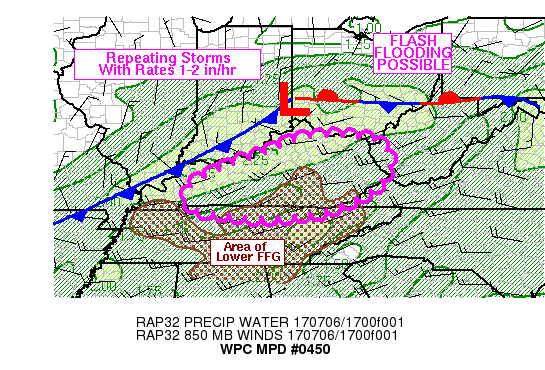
AREAS AFFECTED...KY INTO FAR NRN KY AND WRN WV

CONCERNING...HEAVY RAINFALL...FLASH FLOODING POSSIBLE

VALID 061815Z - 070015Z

SUMMARY...REPEATING STORMS WITH PERIODS OF TRAINING WILL POSE A
FLASH FLOOD THREAT ACROSS KY INTO PORTIONS OF NRN TN AND WRN WV
INTO THE EARLY EVENING. RAINFALL RATES OF 1-2 IN/HR WILL BE COMMON
WHERE STORMS TRAIN.

DISCUSSION...17-18Z GOES VISIBLE SATELLITE IMAGERY SHOWED A
MIXTURE OF CLOUDS AND CLEARING ACROSS SRN AND ERN KY WITH
EXTENSIVE CLOUD COVER AND THUNDERSTORMS TO THE NORTH ALONG THE
OHIO RIVER. TEMPERATURES HAVE WARMED WELL INTO THE 80S WHERE
GREATER SOLAR INSOLATION HAS OCCURRED OVER KY...RAISING MLCAPE TO
1000+ J/KG...HIGHER THAN FORECAST BY THE RAP. OVER THE PAST
HOUR...CONVECTION HAS INCREASED IN COVERAGE ALONG AND SOUTH OF THE
DIFFERENTIAL HEATING BOUNDARY...AND WELL OUT AHEAD OF AN 850 MB
TROUGH/FRONT WHICH WAS LOCATED JUST NORTH OF THE OH RIVER AT 18Z.
PRECIPITABLE WATER VALUES RANGING FROM ROUGHLY 1.75 TO 2.00 INCHES
ACROSS THE OH RIVER INTO KY AND WET BULB ZERO HEIGHTS ABOVE 12 KFT
HAVE MADE FOR AN ENVIRONMENT SUPPORTIVE OF EFFICIENT RAINFALL WITH
1-2 IN/HR RATES OBSERVED EARLIER THIS MORNING NEAR THE OH RIVER.

CLOUD BEARING LAYER MEAN FLOW IS NEARLY IDENTICAL TO 850 MB FLOW
WHICH WOULD SUPPORT REPEATING STORMS AND PERIODS OF TRAINING OUT
AHEAD OF THE 850 MB BOUNDARY THIS AFTERNOON. AS STORM COVERAGE
INCREASES OVER THE NEXT 1-2 HOURS OVER KY...PERIODS OF TRAINING
AND REPEATING CELLS ARE EXPECTED TO DEVELOP AS THE ENTIRE SWATH OF
BROKEN THUNDERSTORM COVERAGE SHIFTS SLOWLY SOUTH AND EAST...AHEAD
OF THE ADVANCING UPPER LEVEL SYSTEM. A SECONDARY CONCERN IS A
REGION OF LOWER FFG THAT EXISTS ACROSS PORTIONS OF SERN KY AND TN.

ONE POTENTIAL SITUATION THAT COULD LIMIT FLASH FLOODING IS IF
STORM COVERAGE GROWS TO THE POINT THAT OUTFLOW DOMINANCE PUSHES
HEAVY RAIN IN A PROGRESSIVE MANNER TOWARD THE SOUTH. GIVEN HI-RES
MODELS HAVE NOT BEEN PERFORMING WELL ACROSS THE
REGION...CONFIDENCE IS LOWER THAN AVERAGE.